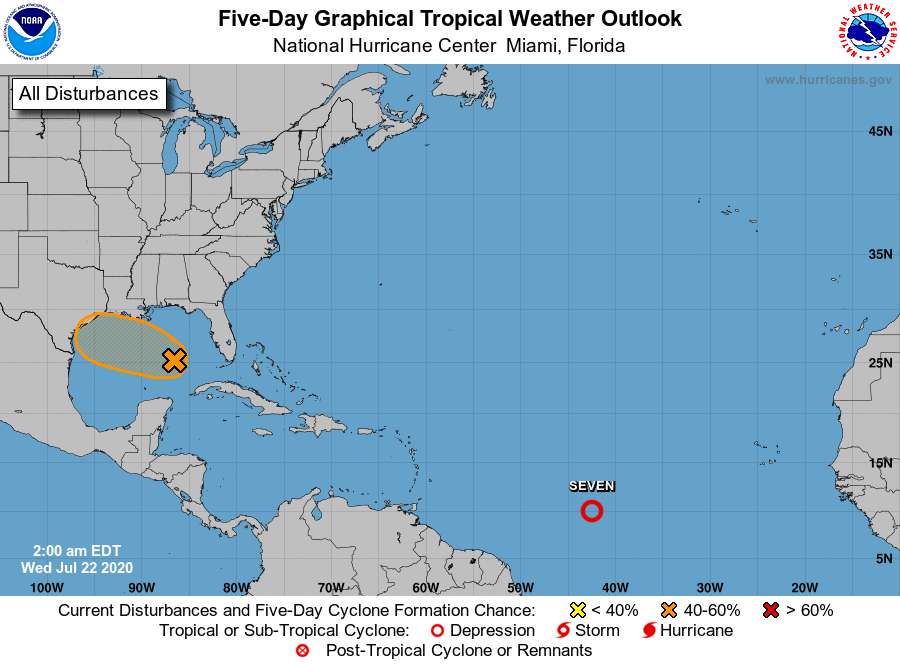
For the North Atlantic...Caribbean Sea and the Gulf of Mexico:

The National Hurricane Center is issuing advisories on Tropical Depression Seven, located over the central tropical Atlantic.

1. A tropical wave is producing a large area of disorganized showers and thunderstorms over the eastern Gulf of Mexico, southern Florida, and western Cuba. Gradual development of this system is possible while it moves west-northwestward during the next few days. This disturbance is expected to move over the central Gulf today, and reach the northwestern Gulf on Thursday and Friday. An Air Force Reserve Hurricane Hunter aircraft is scheduled to investigate the system later today, if necessary.
* Formation chance through 48 hours...low...30 percent.
* Formation chance through 5 days...medium...40 percent.

Public Advisories on Tropical Depression Seven are issued under WMO header WTNT32 KNHC and under AWIPS header MIATCPAT2. Forecast/Advisories on Tropical Depression Seven are issued under WMO header WTNT22 KNHC and under AWIPS header MIATCMAT2.

Forecaster Pasch